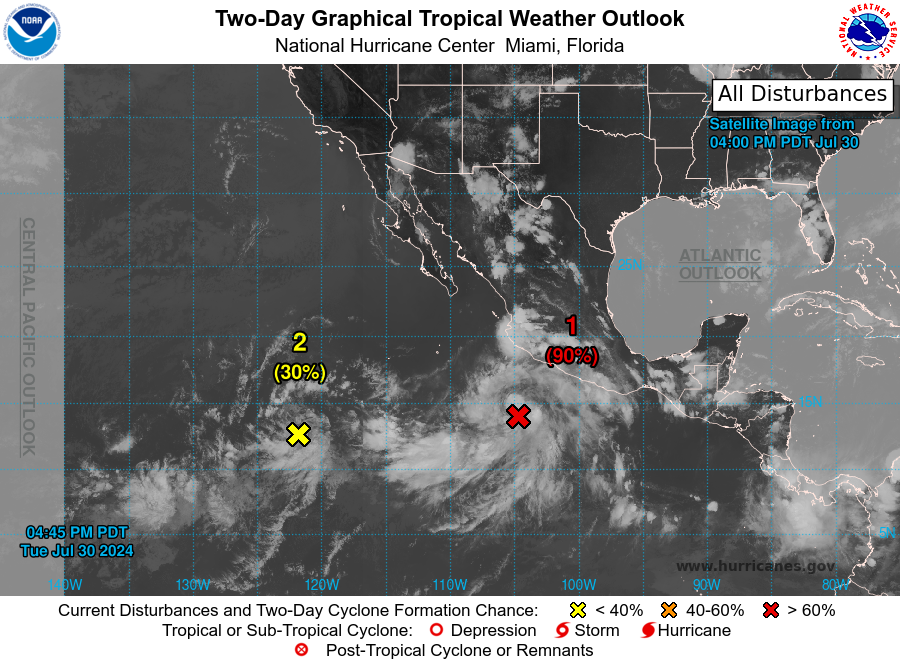
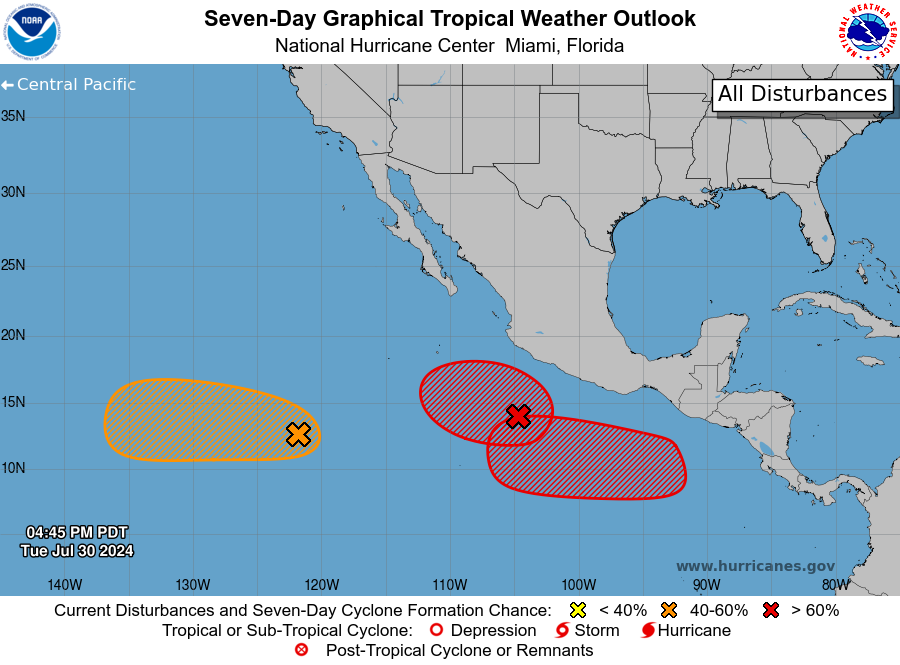
For the eastern North Pacific...east of 140 degrees west longitude:

1. South of Southern Mexico (EP94): Shower and thunderstorm activity continues to show signs of organization with an area of low pressure located a few hundred miles south of the southern coast of Mexico. Environmental conditions appear conducive for further development of this system, and a tropical depression is expected to form over the next day or so. The system is forecast to move westward to west-northwestward at 10 to 15 mph during the next several days, remaining offshore of the southern coast of Mexico.
* Formation chance through 48 hours...high...90 percent.
* Formation chance through 7 days...high...90 percent.

2. Western East Pacific (EP95): An area of low pressure has developed well to the southwest of the southern tip of the Baja California Peninsula, and shower and thunderstorm activity associated with the system continues to show some signs of organization. Additional development of this system is possible, and a tropical depression could form by the end of this week. This system is forecast to move slowly westward at 5 to 10 mph, remaining over the western portion of the basin.
* Formation chance through 48 hours...low...30 percent.
* Formation chance through 7 days...medium...40 percent.

3. South of Central America and Southern Mexico: An area of low pressure is forecast to form offshore of the coast of Central America and southern Mexico later this week. Afterwards, environmental conditions appear conducive for gradual development of this system, and a tropical depression is likely to form by the end of the week or this weekend. The system is forecast to move westward to west-northwestward at 10 to 15 mph during the next several days, remaining offshore.
* Formation chance through 48 hours...low...near 0 percent.
* Formation chance through 7 days...high...80 percent.

Forecaster Bucci